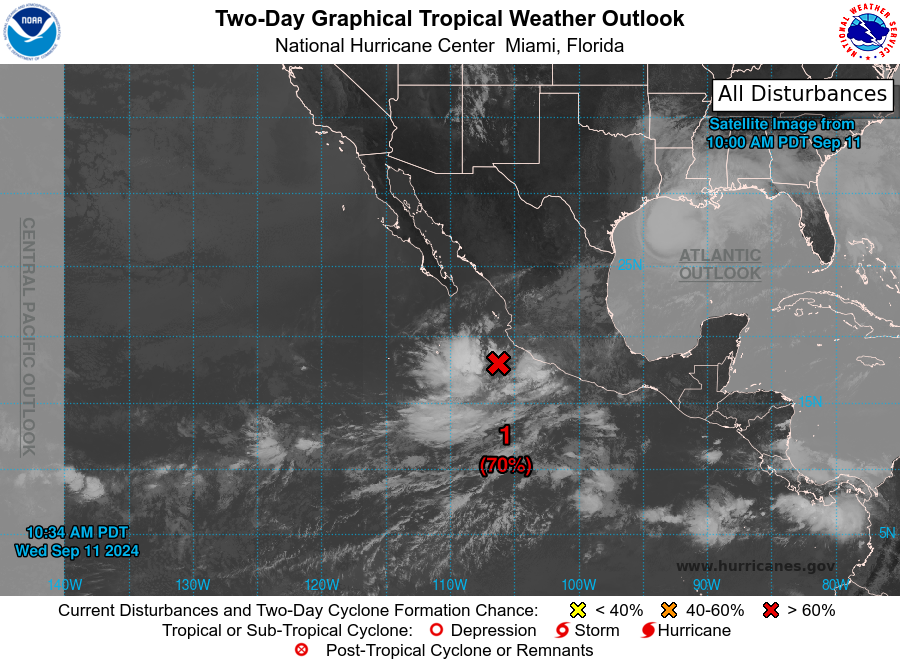
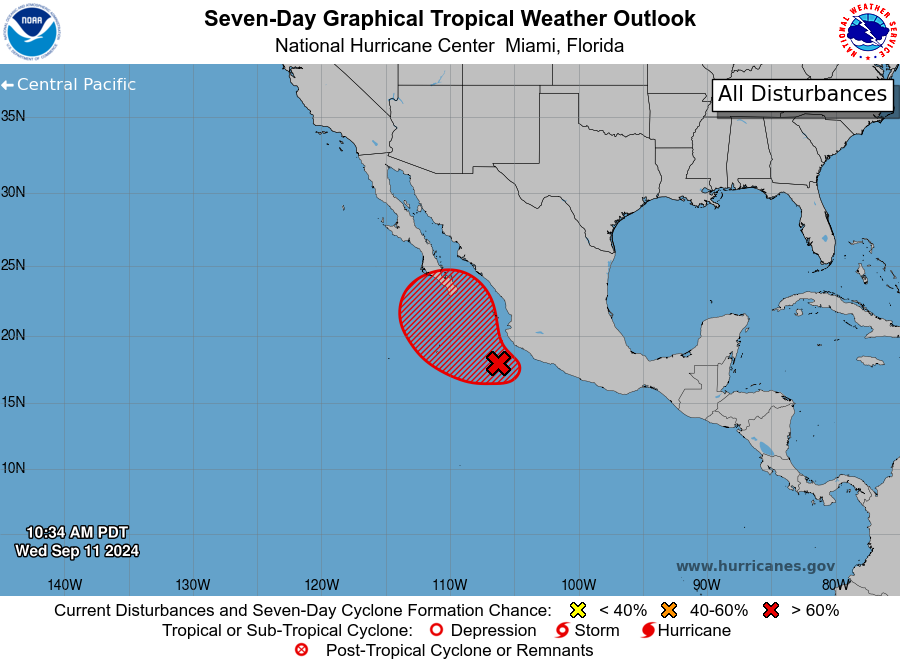
For the eastern North Pacific...east of 140 degrees west longitude:

1. Offshore of Southwestern Mexico: A broad area of low pressure located a few hundred miles southwest of the coast of southwestern Mexico is producing a large area of showers and thunderstorms stretching from the coast of Mexico and extending offshore for several hundred miles. This activity is a little better organized this afternoon, and environmental conditions appear conducive for additional development. A tropical depression is likely to form during the next couple of days as the system begins moving north-northwestward, near the coast of southwestern Mexico and towards the Baja California Peninsula. Regardless of development, heavy rainfall is likely across coastal portions of southwestern and west-central Mexico during the next couple of days.
* Formation chance through 48 hours...high...70 percent.
* Formation chance through 7 days...high...70 percent.

Forecaster Papin